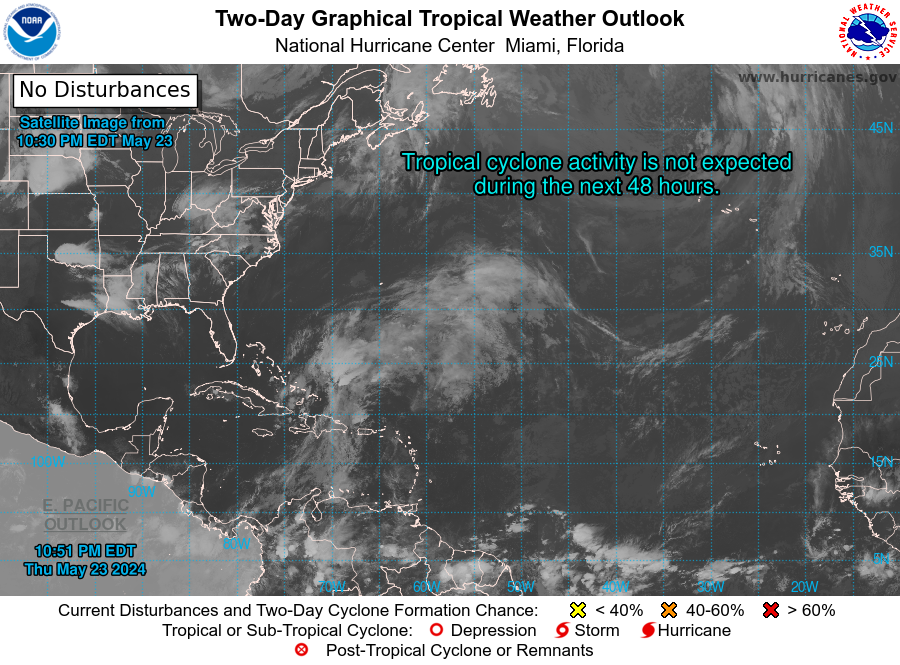
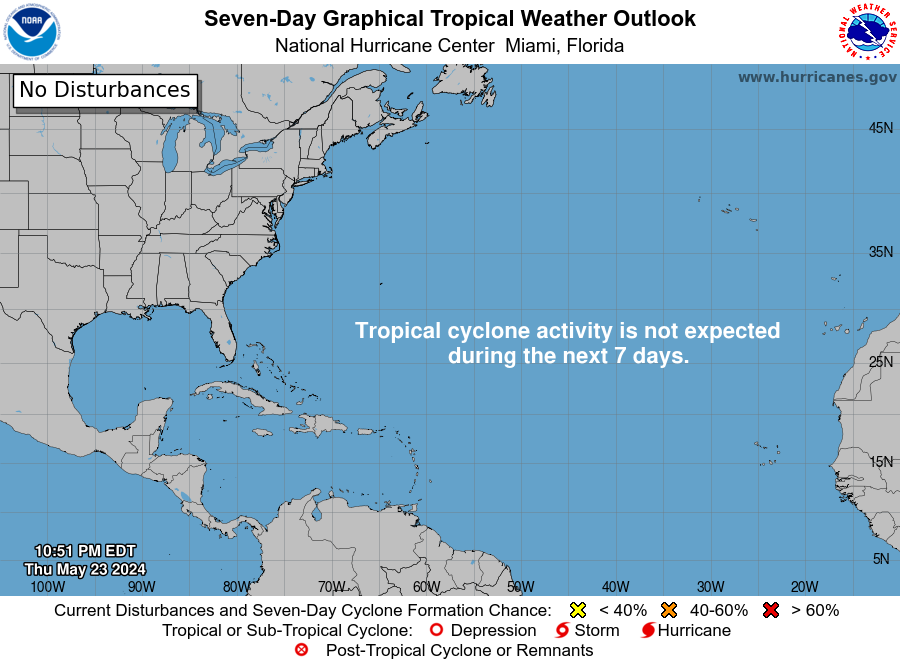
For the North Atlantic...Caribbean Sea and the Gulf of Mexico:

Southwestern Atlantic: A trough of low pressure is producing a large area of disorganized cloudiness and showers over the southwestern Atlantic. An area of low pressure is expected to form within this system roughly halfway between Bermuda and Hispaniola on Friday. Although environmental conditions are not conducive, some slight subtropical or tropical development is possible over the next couple of days while the system moves northeastward.
* Formation chance through 48 hours...low...10 percent.
* Formation chance through 7 days...low...10 percent.

Forecaster Cangialosi